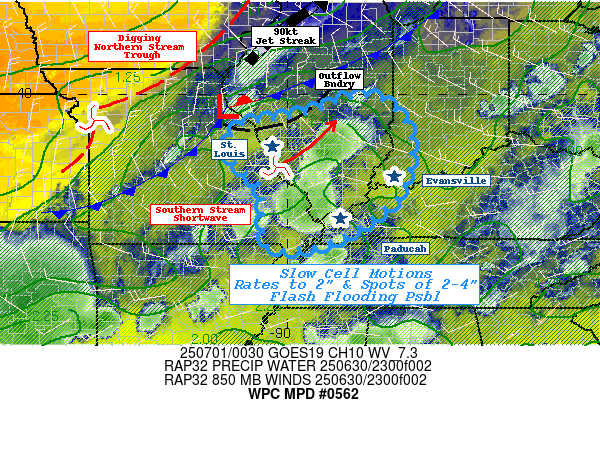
Areas affected...Southeast MO...Southern IL...Southwest IND...Far
Western KY...

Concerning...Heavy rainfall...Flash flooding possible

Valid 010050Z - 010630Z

SUMMARY...Slow moving, efficient thunderstorms to increase in
coverage with cell mergers, potential repeat tracks resulting in
localized 2-4" totals resulting in scattered possible flash
flooding tonight.

DISCUSSION...GOES-E WV suite shows a southern stream shortwave
sliding out of SE MO into S IL south of the digging synoptic
northern stream trough across WI to NE KS with an associated cold
front.  This front continues to dig south across the middle Great
Lakes but due to the shortwave, a weak surface wave has developed
in the buckling mid-level flow near Quincy, IL; before the cold
front digs across central MO.   The mid-level binary interaction
between the shortwave and northern stream will further slow deep
layer flow and help with boundary layer cyclogenesis
near/southeast of the St.Louis Metro.

Low level winds are already backing and deep layer moisture is
increasing across S IL with solid convergence breaking out
numerous updrafts.   MLCAPEs of 2000+ J/kg and PWats over 2" will
allow for strong moisture flux convergence into stronger updrafts
and will support rates of of 2-2.25"/hr.  These cells should
remain along the southeast and eastern quadrants of the shortwave
with perhaps a flanking line along the effective cold
front/trailing convergence trof back into the Bootheel of MO.
Cell motions will continue to be eastward to east-northeastward
with some solid potential for mergers/training.  Spots of 2-4"
will become scattered acoss S IL into SW IND/W KY over the next
4-6hrs with possible localized flash flooding.

A bit more uncertainty with respect to flash flooding will occur
with ongoing cells along the synoptic cold front.  Most should
remain progressive, but near the pivot; deeper confluence and
chaotic cells motions as the cyclone tries to vertically
stack/pivot may allow for some widely scattered cells that could
pivot or potentially remain stationary as well.  Cells may
initially be close to Metro St. Louis to further make evolution of
potential flash flooding more concerning, as broader impermeable
surfaces would result in greater runoff IF cells do end up
lingering in that vicinity further increasing potential for flash
flooding.